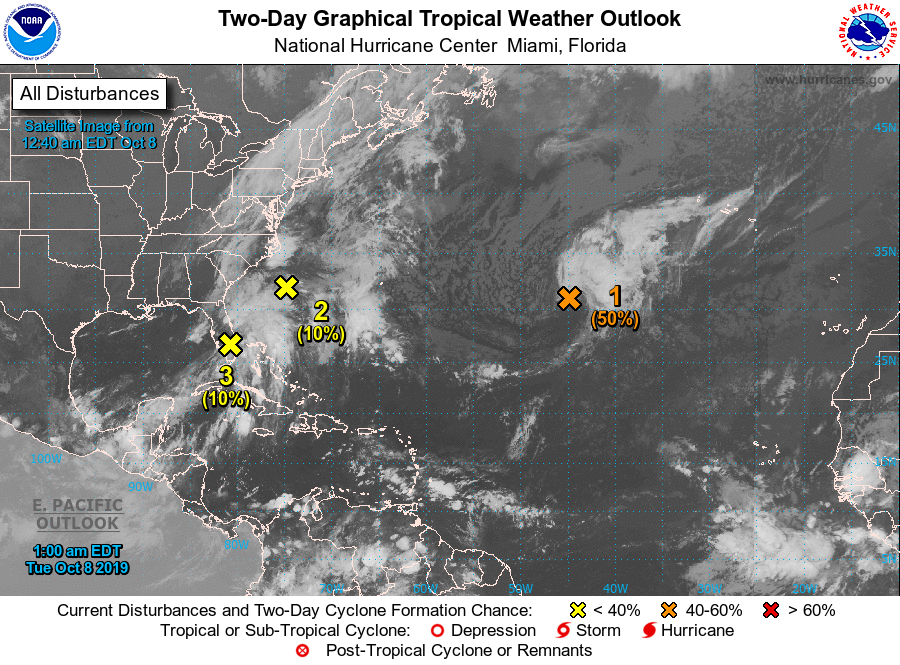
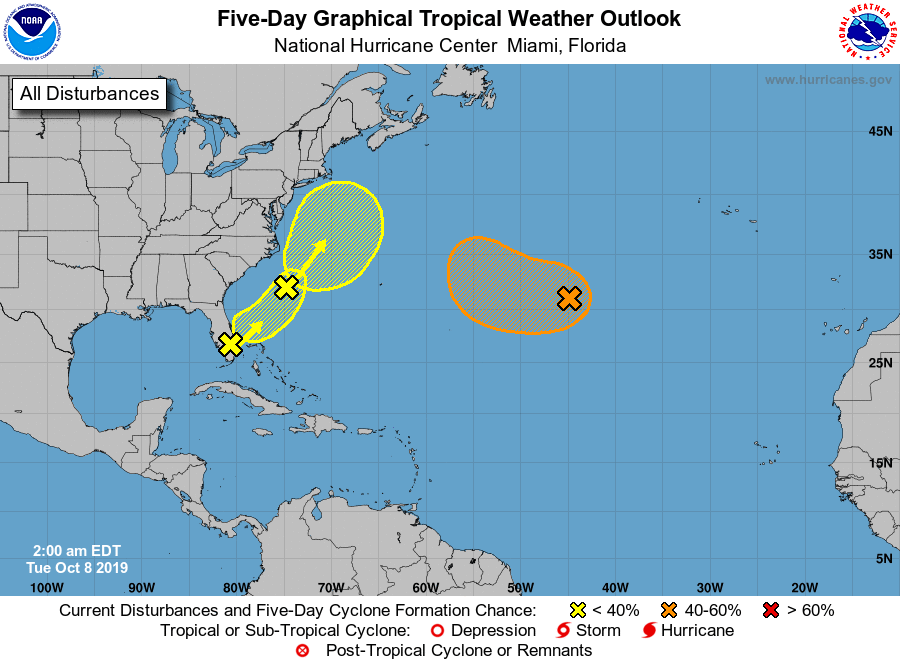
For the North Atlantic...Caribbean Sea and the Gulf of Mexico:

1. A non-tropical low pressure system located over the central Atlantic between Bermuda and the Azores is producing winds to near gale force. Environmental conditions are forecast to be generally conducive for the low to acquire some subtropical or tropical characteristics during the next day or two, and this system could become a tropical or subtropical storm on Tuesday or Wednesday while it moves slowly westward. Upper-level winds are expected to become unfavorable for further development by Wednesday evening. Additional information on this system can be found in High Seas Forecasts issued by the National Weather Service.
* Formation chance through 48 hours...medium...50 percent.
* Formation chance through 5 days...medium...50 percent.

2. Showers and thunderstorms over the western Atlantic between the southeastern coast of the United States and Bermuda are associated with a broad, non-tropical area of low pressure. This system is forecast to move northward or northeastward and could acquire some subtropical characteristics off the east coast of the United States in a couple of days. Additional information on this system can also be found in High Seas Forecasts issued by the National Weather Service.
* Formation chance through 48 hours...low...10 percent.
* Formation chance through 5 days...low...30 percent.

3. A trough of low pressure extending from the Yucatan Channel northeastward across the southern Florida peninsula is producing disorganized showers and thunderstorms. Some slight development of this system is possible on Tuesday when it moves off the southeast U.S. coast. The disturbance is forecast to merge with a low off the east coast of the United States by Wednesday, and no further development is anticipated after that time. Regardless of development, this system is expected to produce locally heavy rainfall over portions of the the Florida peninsula during the next day or so.
* Formation chance through 48 hours...low...10 percent.
* Formation chance through 5 days...low...10 percent.

High Seas Forecasts issued by the National Weather Service can be found under AWIPS header NFDHSFAT1, WMO header FZNT01 KWBC, and online at ocean.weather.gov/shtml/NFDHSFAT1.php

Forecaster Pasch